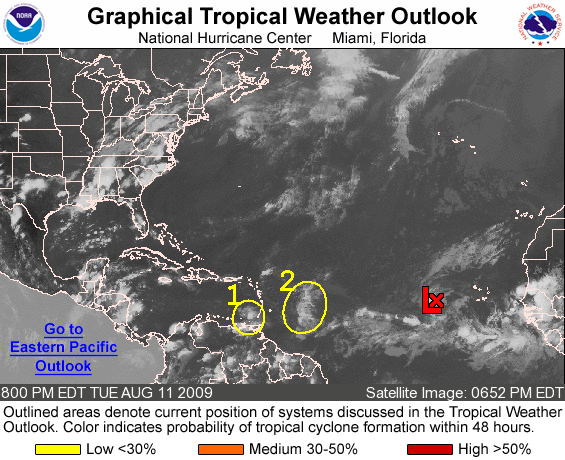
FOR THE NORTH ATLANTIC...CARIBBEAN SEA AND THE GULF OF MEXICO...

THE NATIONAL HURRICANE CENTER IS ISSUING ADVISORIES ON TROPICAL DEPRESSION TWO...LOCATED ABOUT 400 MILES WEST OF THE SOUTHERNMOST CAPE VERDE ISLANDS.

1. A SMALL AREA OF LOW PRESSURE ASSOCIATED WITH A TROPICAL WAVE IS PRODUCING DISORGANIZED SHOWERS AND THUNDERSTORMS OVER THE SOUTHEASTERN CARIBBEAN SEA. DEVELOPMENT OF THIS SYSTEM...IF ANY...IS EXPECTED TO BE SLOW TO OCCUR AS IT MOVES GENERALLY WESTWARD AT 10 TO 15 MPH OVER THE SOUTHERN CARIBBEAN SEA DURING THE NEXT COUPLE OF DAYS. THERE IS A LOW CHANCE...LESS THAN 30 PERCENT...OF THIS SYSTEM BECOMING A TROPICAL CYCLONE DURING THE NEXT 48 HOURS.

2. SHOWER AND THUNDERSTORM ACTIVITY ASSOCIATED WITH A TROPICAL WAVE LOCATED ABOUT 500 MILES EAST OF THE LESSER ANTILLES HAS DECREASED THIS AFTERNOON AND EVENING. ANY DEVELOPMENT OF THIS SYSTEM IS EXPECTED TO BE SLOW TO OCCUR AS IT MOVES WEST TO WEST-NORTHWESTWARD AT 10 TO 15 MPH. THERE IS A LOW CHANCE...LESS THAN 30 PERCENT...OF THIS SYSTEM BECOMING A TROPICAL CYCLONE DURING THE NEXT 48 HOURS.

ELSEWHERE...TROPICAL CYCLONE FORMATION IS NOT EXPECTED DURING THE NEXT 48 HOURS.

PUBLIC ADVISORIES ON TROPICAL DEPRESSION TWO ARE ISSUED UNDER WMO HEADER WTNT32 KNHC AND UNDER AWIPS HEADER MIATCPAT2. FORECAST/ ADVISORIES ON TROPICAL DEPRESSION TWO ARE ISSUED UNDER WMO HEADER WTNT22 KNHC AND UNDER AWIPS HEADER MIATCMAT2.

FORECASTER KIMBERLAIN/BROWN/COHEN